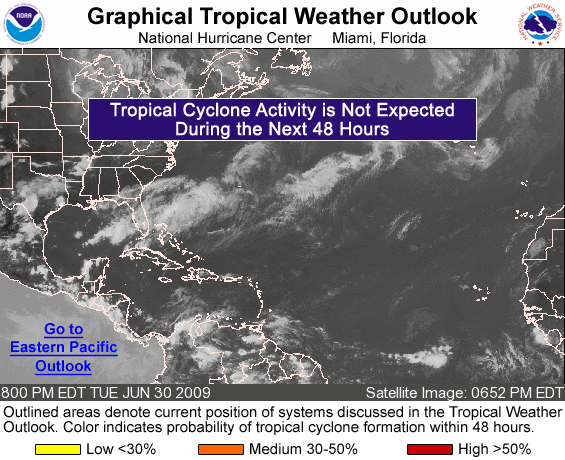
FOR THE NORTH ATLANTIC...CARIBBEAN SEA AND THE GULF OF MEXICO...

TROPICAL CYCLONE FORMATION IS NOT EXPECTED DURING THE NEXT 48 HOURS.

FORECASTER BLAKE